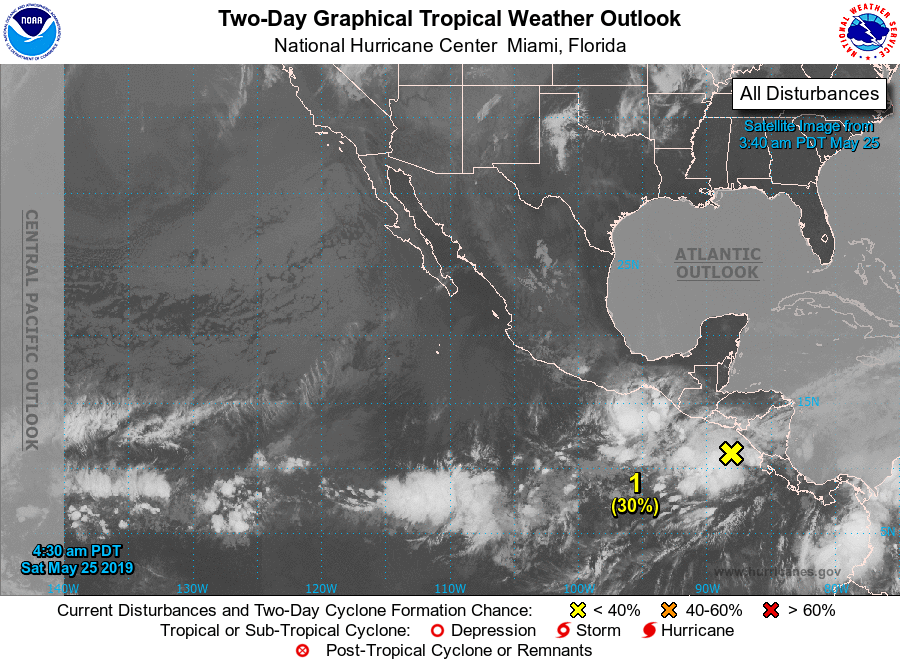
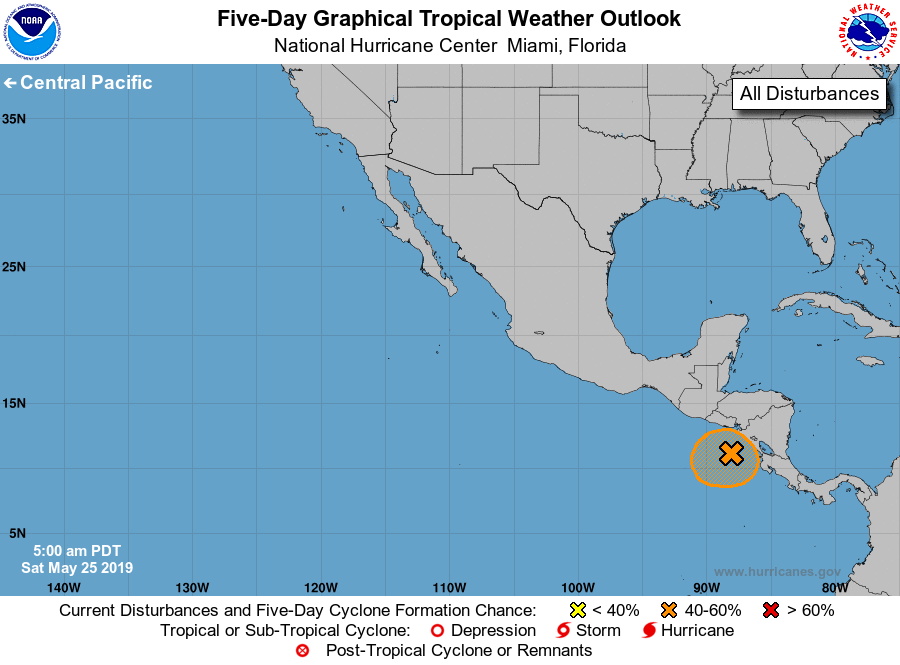
For the eastern North Pacific...east of 140 degrees west longitude:

1. Disorganized showers and thunderstorms continue along a trough of low pressure that extends from Nicaragua westward over the far eastern Pacific. This system is expected to move little during the next few days, and some gradual development is possible while the disturbance remains offshore. Regardless of development, locally heavy rains are likely to continue over portions of Central America into early next week. These rains could cause flash flooding and mudslides in areas of mountainous terrain.
* Formation chance through 48 hours...low...30 percent.
* Formation chance through 5 days...medium...40 percent.

Forecaster Latto/Brown